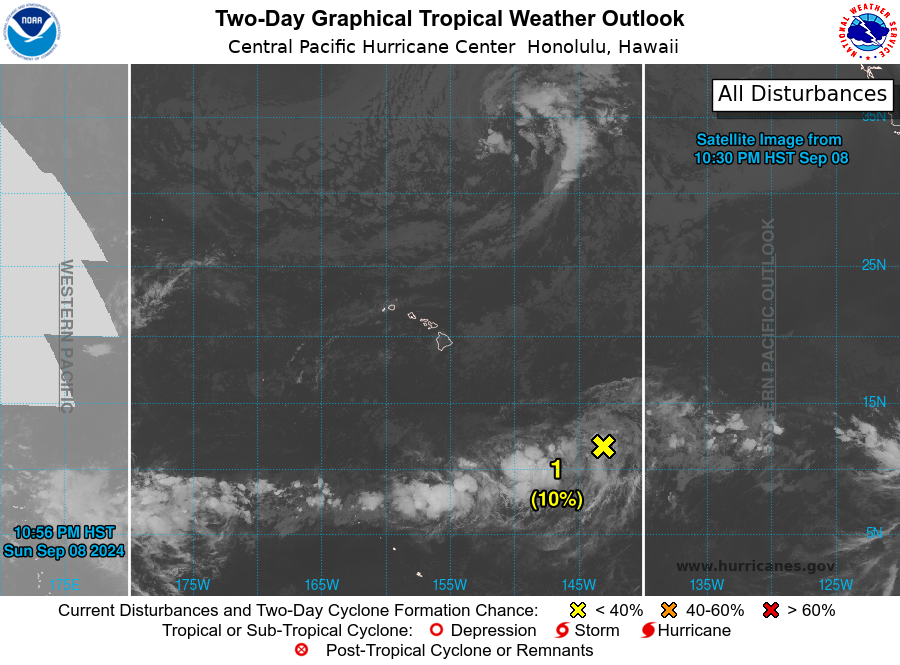
For the central North Pacific...between 140W and 180W:

1. Approximately 1000 miles southeast of Hilo, Hawaii: A trough of low pressure located around 1000 miles southeast of Hilo, Hawaii is producing disorganized showers and thunderstorms. Environmental conditions are becoming less conducive for development of this system as it moves slowly northwestward during the next couple days.
* Formation chance through 48 hours...low...near 10 percent.
* Formation chance through 7 days...low...near 10 percent.

Elsewhere, no tropical cyclones are expected during the next 7 days.

Forecaster Jelsema